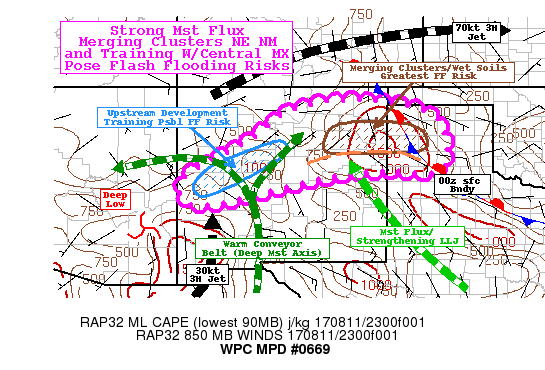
AREAS AFFECTED...NORTHERN NM...N TX PANHANDLE

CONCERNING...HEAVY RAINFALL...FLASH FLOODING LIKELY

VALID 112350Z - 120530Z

SUMMARY...DEEP CYCLONE LIFTING NORTHEAST WITH DEEP AVAILABLE
MOISTURE WITH WARM SECTOR COMPLEX DEVELOPING INTO MCS.

DISCUSSION...EXPERIMENTAL GOES-16 WV SUITE ALONG WITH CIRA LAYERED
TPW LOOPS DEPICT A DEEP CYCLONE CURRENTLY OVER SE AZ WITH WELL
DEFINED CONVEYOR BELT STRUCTURES.  WARM CONVEYOR BELT IS DIRECTED
FROM N CHIHUAHUA THROUGH WESTERN NM WITH SOLID ISENTROPIC ASCENT
ACROSS WEST CENTRAL NM WRAPPING BACK INTO THE TROWAL ALCROSS THE
MOGOLLON RIM TOWARD THE CENTRAL AZ VALLEY.  ACROSS EASTERN
NM...WELL DEFINED SFC FRONTAL BOUNDARY IS HIGHLIGHTED WITH TCU/CBS
FROM SOUTH OF CDS ACROSS THE SOUTHWEST PORTION OF THE TX PANHANDLE
TOWARD SE CO.  AN EASTWARD EXTENDING BRANCH/BOUNDARY CAN BE SEEN
IN THE WIND FIELD/VIS FROM S OF AMA TO TCC TO BETWEEN LVS/CQC.  AS
SUCH THERE ARE TWO AREAS OF GREATER CONCERN WITHIN THE LARGER
BOUNDARY OF THE MCS: WESTERN CENTRAL NM (NEAR THE WARM
CONVEYOR/TROWAL INTERFACE) AND E/NE NM IN THE WARM SECTOR.

WARM SECTOR (E/NE NM): STRENGTHENING UPSLOPE FLOW SUPPORTS TDS IN
THE MID-60S AND INSTABILITY PER RAP ANALYSIS REACHING 2000+ J/KG
MLCAPES AND PROMOTED AN ENVIRONMENT FOR DEEP CONVECTION.  STRONG
SFC MST CONVERGENCE ALONG THE AFOREMENTIONED BOUNDARY FROM TCC TO
CQC HAS SPARKED SCATTERED DEEP CBS ACROSS E NM AT THIS POINT.
ALONG WITH DIFFLUENT PATTERN WITHIN UPPER LEVEL LEVEL RIDGING AND
STRENGTHENING SELY LLJ FROM 15KTS TO 35KTS BY 06Z WILL FURTHER
SERVE FOR INCREASING CONVECTIVE COVERAGE ACROSS THE REGION WITH
LIKELIHOOD OF CLUSTERS MERGING INTO A LARGER MCS TOWARD 02-4Z.

GIVEN MOISTURE AVAILABILITY/FLUX RAIN RATES WILL BE INCREASING
FROM 1.25 TO 2"/HR THROUGH THE LATE EVENING HOUR AS WELL AS THE
COMPLEX FOCUSES LIKELY ACROSS E GUADELOUPE/QUAY INTO W AMA CWA.
GIVEN A MODERATELY LARGE AREA HAS ALREADY SEEN 300-600% OF NORMAL
RAINFALL OVER THE LAST 7+ DAYS PER AHPS...EVEN LOW END ESTIMATES
OF 2-3" TOTALS (PER RECENT HI-RES CAMS) ARE LIKELY TO POSE FLASH
FLOODING CONCERNS AND EXTREME EXAMPLES SUCH AS 12Z NMMB/ARW OF 4+
ARE QUITE CONCERNING.

WESTERN/CENTRAL NM:  WARM CONVEYOR HAS CONSOLIDATED THE MOISTURE
STREAM TO SUPPORT TPWS UP TO 1.5" ACROSS THE RIO GRANDE VALLEY
WITH NORTHERN PORTIONS OF THE VALLEY SUPPORTING 1000 J/KG MLCAPES
AS WELL.  PERSISTENT SOUTHERLY FLOW WILL FEED CONVECTION ROLLING
OFF HIGHER TERRAIN OF CIBOLA/NE CATRON COUNTIES.
ADDITIONALLY...WV LOOP SHOWS STRONG MID-EVEL CONVERGENCE AT THE
MEAN TROF ALLOWING FOR CONTINUED UPSTREAM DEVELOPMENT TO POSE SOME
TRAINING CORRIDORS MAY SET UP FROM CATRON TO CENTRAL SANTA FE
COUNTIES OVER THE NEXT 3-6HRS FURTHER SUPPORTING POTENTIAL FOR
MORE LOCALIZED/ISOLATED FLASH FLOODING THAN FURTHER EAST.  WHILE
THE HRRR IS LESS FAVORABLE EAST...IT MAY HAVE A HANDLE ON CURRENT
EVOLUTION FOR WESTERN NM.